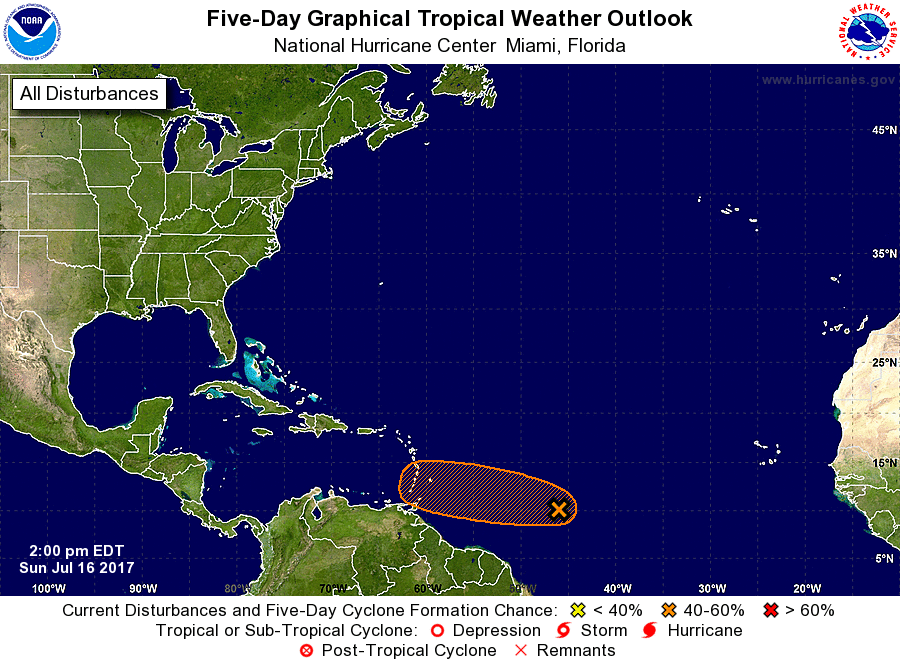
For the North Atlantic...Caribbean Sea and the Gulf of Mexico:

1. A westward-moving trough of low pressure located about 1000 miles east-southeast of the Windward Islands continues to produce disorganized showers and thunderstorms. Environmental conditions are marginally conducive for some development of this system before it reaches the Lesser Antilles in two to three days. After that time, less favorable upper-level winds are expected to hinder additional development. An Air Force Reserve reconnaissance aircraft is scheduled to investigate the disturbance Monday afternoon, if necessary.
* Formation chance through 48 hours...low...20 percent.
* Formation chance through 5 days...medium...40 percent.

Forecaster Brown